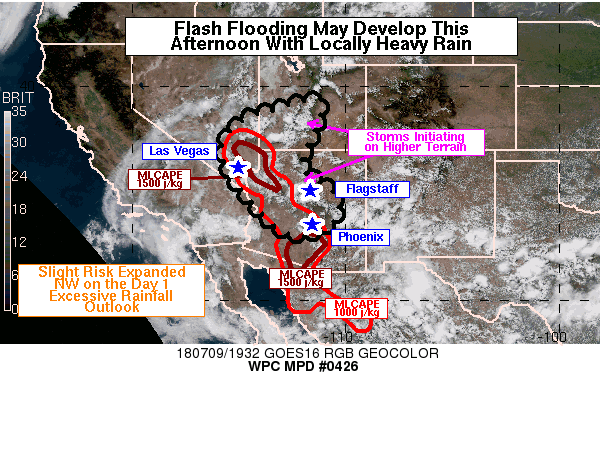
AREAS AFFECTED...NW/CTRL AZ...SE NV...SW UT

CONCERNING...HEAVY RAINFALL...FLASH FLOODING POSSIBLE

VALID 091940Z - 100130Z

SUMMARY...SCATTERED THUNDERSTORMS WERE BEGINNING TO INITIATE ALONG
TERRAIN FEATURES AROUND MIDDAY FROM ARIZONA INTO SOUTHERN UTAH.
THESE STORMS SHOULD BUILD INTO LOWER ELEVATION AREAS LATER IN THE
AFTERNOON...ESPECIALLY TO THE WEST INTO SOUTHERN NEVADA...FAR
SOUTHWEST UTAH...AND NORTHWEST AND CENTRAL ARIZONA. BECAUSE OF THE
SCATTERED NATURE OF THE STORMS...HEAVY RAINFALL SHOULD BE
LOCALIZED...BUT RAIN RATES OF 1-2 IN/HR WILL BE POSSIBLE WHICH
COULD LEAD TO FLASH FLOODING. THE THREAT OF FLASH FLOODING SHOULD
INCREASE AFTER 3 PM PDT.

DISCUSSION...GOES-15 VISIBLE SATELLITE AND REGIONAL RADARS SHOWED
CONVECTION INITIATING ALONG THE ARC OF HIGHER TERRAIN FROM THE
MOGOLLON RIM IN ARIZONA...NORTH INTO THE RANGES OF CENTRAL UTAH.
THIS CONVECTION SHOULD GENERALLY CONTINUE TO BE FOCUSED ALONG
TERRAIN FEATURES FOR THE NEXT COUPLE HOURS. TO THE WEST...AN
INSTABILITY AXIS STRETCHED FROM NRN LINCOLN COUNTY NV...SSE TO
CENTRAL MOHAVE COUNTY AZ...TO NEAR THE PHOENIX METRO AREA. THIS
WAS A REGION OF HIGHER PRECIPITABLE WATER VALUES (1.5+ INCHES PER
CIRA BLENDED TPW)...BUT 19Z RAP ANALYSIS STILL SHOWED SOME
RESIDUAL CINH (AROUND -30 TO -70 J/KG) THAT HAD YET TO ERODE.
ADDITIONAL INSOLATION SHOULD FURTHER ERODE THAT CINH OVER THE NEXT
SEVERAL HOURS AND ALLOW CONVECTION TO BEGIN TO BUILD INTO LOWER
ELEVATION AREAS LATER IN THE AFTERNOON. MLCAPE VALUES ANALYZED BY
THE RAP WERE AROUND 1500 J/KG IN A POCKET OF SE NEVADA AND NW
ARIZONA...AND THIS SHOULD SUPPORT SOME VIGOROUS CONVECTION CAPABLE
OF REALIZING 1-2 IN/HR RAIN RATES GIVEN THE ATMOSPHERIC MOISTURE
LEVELS.

THE THREAT OF FLASH FLOODING IS EXPECTED TO INITIALLY BE QUITE
ISOLATED AND LOW...AND CONFINED MAINLY AROUND TERRAIN
AREAS...PRIOR TO 22Z. AFTER THAT TIME...ENOUGH CONVECTIVE
DEVELOPMENT SHOULD OCCUR TO ALLOW FOR CELL MERGERS AND OUTFLOW
BOUNDARY COLLISIONS TO BRIEFLY ENHANCE RAINFALL IN LOCALIZED AREAS
AND PROMOTE A GREATER FLASH FLOOD THREAT. SOME AREAS NEAR THE
AZ-NV BORDER MAY SEE BETTER CHANCES FOR FLASH FLOODING AFTER THE
TIME FRAME OF THIS DISCUSSION...BUT THEY WERE INCLUDED TO
ENCOMPASS THE ENTIRE INSTABILITY AXIS. MEAN WINDS (850-300MB) ARE
WEAKER FROM SRN NV INTO CTRL UT NEAR THE UPPER LEVEL RIDGE
AXIS...SO THIS MAY FAVOR SLOWER MOVING CONVECTION IN THOSE AREAS.
THE MEAN FLOW IS STRONGER (FROM THE ENE) IN PORTIONS OF
ARIZONA...WHICH MAY ALLOW FOR MORE FORWARD PROPAGATION...BUT THERE
IS ENOUGH OF A HI-RES MODEL SIGNAL FOR LOCALLY HEAVY RAINFALL FROM
NW-CTRL AZ THAT SOME RISK OF FLASH FLOODING IS ALSO EXPECTED
(ALTHOUGH IT MAY ARISE MORE FROM COLLIDING OUTFLOW OR STORM
MERGERS).

AN EXISTING SLIGHT RISK IN SOUTHERN ARIZONA WAS EXPANDED NORTHWEST
TO INCLUDE MUCH OF NORTHWEST AND CENTRAL ARIZONA...AND INTO THE
SOUTHERN TIP OF NEVADA...ON THE NEW DAY 1 EXCESSIVE RAINFALL
OUTLOOK.